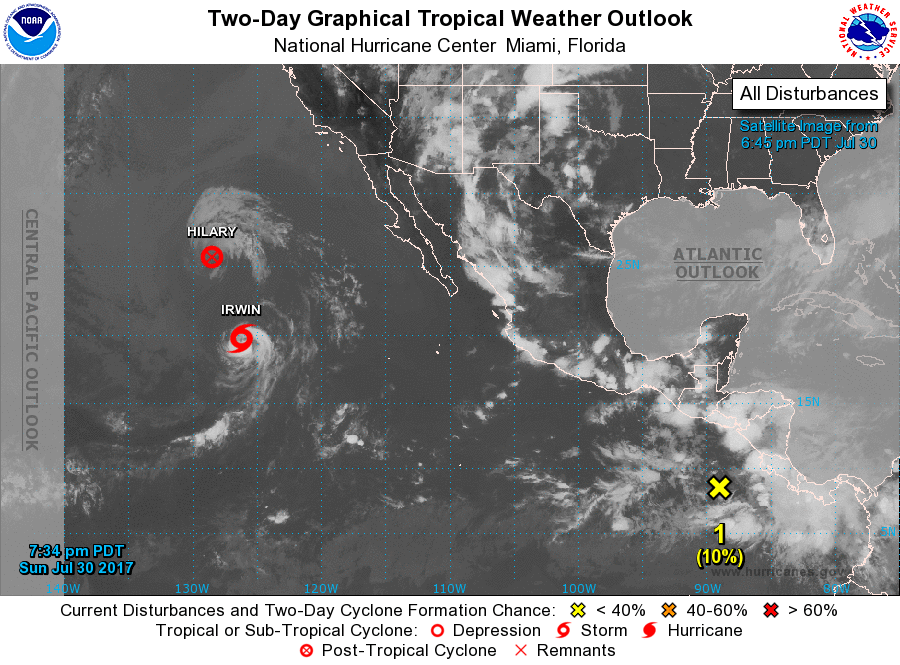
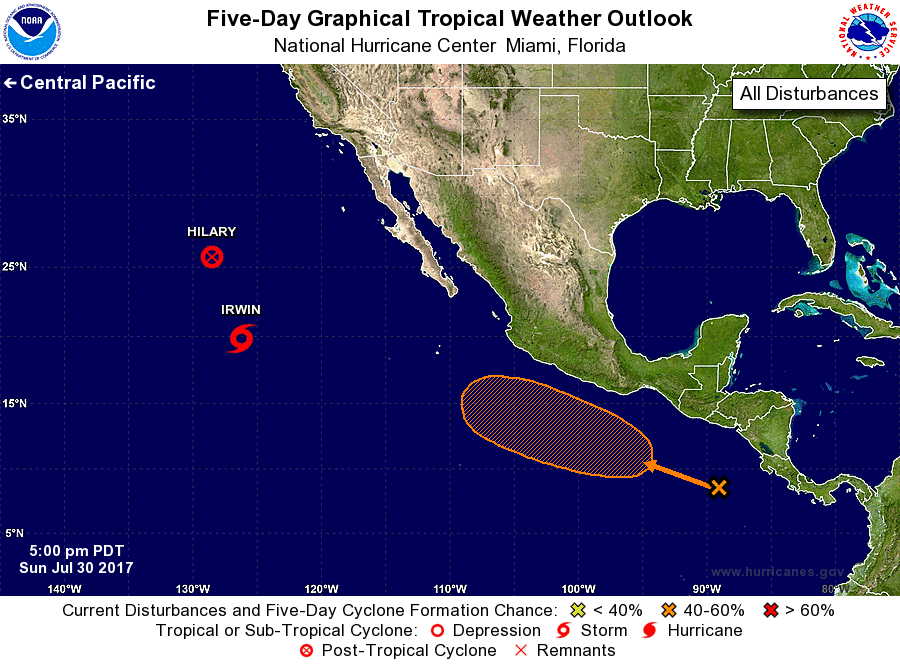
For the eastern North Pacific...east of 140 degrees west longitude:

The National Hurricane Center is issuing advisories on Tropical Storm Hilary, located more than a thousand miles west of the southern tip of the Baja California peninsula, and on Tropical Storm Irwin, located more than a thousand miles west-southwest of the southern tip of the Baja California peninsula.

1. A large area of cloudiness and showers extends several hundred miles south and west of the coast of Central America over the far eastern Pacific Ocean. Environmental conditions appear conducive to allow for some slow development of this disturbance during the next several days while it moves west-northwestward at 10 to 15 mph south of the coast of Mexico.
* Formation chance through 48 hours...low...10 percent.
* Formation chance through 5 days...medium...40 percent.

Forecaster Berg